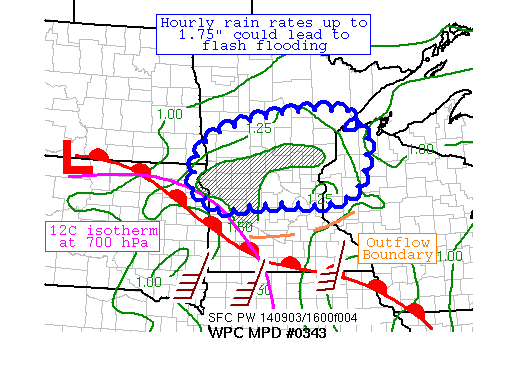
AREAS AFFECTED...CENTRAL MN & NORTHWEST WI

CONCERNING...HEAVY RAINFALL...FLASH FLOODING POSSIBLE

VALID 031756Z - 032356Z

SUMMARY...A REDEVELOPING BAND OF THUNDERSTORMS ACROSS CENTRAL MN
IS EXPECTED TO TRAIN DURING THE AFTERNOON HOURS.  FLASH FLOODING
IS POSSIBLE HERE.

DISCUSSION...AT THE SURFACE, A WARM FRONT ACROSS THE NORTHERN
PLAINS HAS PHASED WITH AN OUTFLOW BOUNDARY ACROSS SOUTHERN MN
CAUSED BY ONGOING MORNING AND EARLY AFTERNOON CONVECTION.
THUNDERSTORMS REMAIN ELEVATED OVER THE COMBINED/COMPOSITE BOUNDARY
DUE TO SOME SURFACE-BASED CIN, SHOWN BY RECENT RUNS OF THE ARW AND
RAP GUIDANCE AS WELL AS THE RECENT DEVELOPMENT OF A STRATUS FIELD
ACROSS EASTERN SD.  SOME LOW- TO MID-LEVEL CAPPING IS EVIDENT
ACROSS SOUTHWEST MN, USING THE 12C ISOTHERM AT 700 HPA AS A GUIDE.
 INFLOW AT 850 HPA IS 30-35 KNOTS, SIMILAR TO THE MAGNITUDE OF THE
850-400 HPA MEAN WIND, WHICH HAS LED TO SOME PRECIPITATION
EFFICIENCY.  PRECIPITABLE WATER VALUES ARE RISING IN THIS REGION,
GENERALLY BETWEEN 1.25-1.50".  MOST UNSTABLE CAPE VALUES OF
1000-2000 J/KG EXIST ACROSS SOUTHERN MN AND SD.  OVERALL, THE
ENVIRONMENT JUST MEETS THE CRITERIA FOR THE WET MULTICELL
ENVIRONMENT.

THE MESOSCALE GUIDANCE HAS HAD A DIFFICULT TIME HANDLING THIS
CONVECTION SO FAR TODAY WITHIN ITS 00Z-12Z RUNS, SHOWING AMOUNTS
THAT HAVE BEEN MUCH TOO LIGHT PER RADAR ESTIMATES.  BELIEVE THE
12Z REGIONAL CANADIAN MODEL, 12Z SPC WRF, 12Z NSSL WRF ARE DOING
THE BEST JOB AS OF LATE FOR AREA AND AMOUNTS FORECAST.  THE
FORECAST REMAINS FOR A WEST-EAST BAND OF THUNDERSTORMS TO PERSIST
WHICH COULD SLOWLY LIFT NORTH THROUGH CENTRAL MN OVER THE NEXT
SEVERAL HOURS, REMAINING SOMEWHAT ELEVATED OVER THE WARM
FRONT/OUTFLOW BOUNDARY.  TRAINING REMAINS THE POSSIBLE CAUSE FOR
POTENTIAL FLASH FLOODING AS CELLS CONTINUE TO REGENERATE NEAR THE
WESTERN END OF THE MPD AREA WHERE CAPE VALUES, PRECIPITABLE WATER
VALUES, AND LOW-LEVEL INFLOW ARE HIGHEST EARLY ON.  HOURLY RAIN
RATES UP TO 1.75" ARE SUPPORTED BY THE AVAILABLE MOISTURE, WITH
THE BETTER PERFORMING GUIDANCE SO FAR INDICATING LOCAL AMOUNTS OF
2-4" BEING POSSIBLE WITHIN A SHORT PERIOD OF TIME.  THIS COULD
LEAD TO FLASH FLOODING.